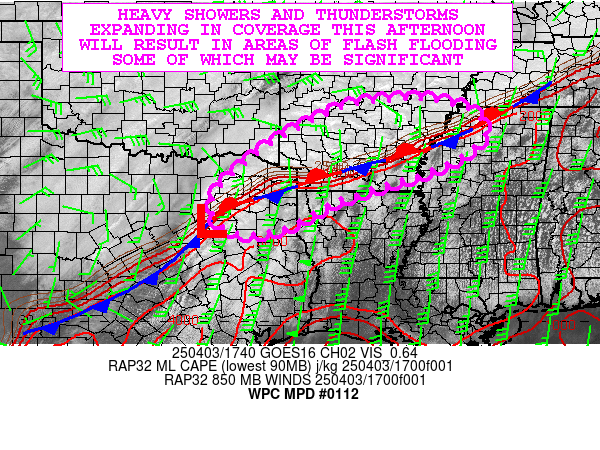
Areas affected...Arklatex into the Mid-South

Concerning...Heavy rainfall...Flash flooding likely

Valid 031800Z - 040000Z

SUMMARY...Heavy showers and thunderstorms should tend to expand in
coverage this afternoon and become locally concentrated over parts
of the Arklatex region and into the adjacent areas of the
Mid-South. Areas of flash flooding are likely, and locally
significant impacts will be possible.

DISCUSSION...A deep layer trough over the Four Corners region
continues to channel a strong upper-level jet along with embedded
vort energy out across the southern Plains and toward the broader
lower MS Valley region. Early morning convective clusters have
advanced well off to the east-northeast, but the upstream energy
this afternoon will be continuing to interact with a moist and
increasingly unstable airmass pooled across eastern TX and through
the lower MS Valley in close proximity to a frontal zone. The
result will be redeveloping and expanding coverage of heavy
showers and thunderstorms.

The latest surface analysis shows a wave of low pressure lifting
through northeast TX which will be gradually lifting off to the
east-northeast over the next several hours along the
aforementioned front. A southerly low-level jet of 40 to 50 kts
will be in place ahead of this low center, and there will be a
corridor of strong low-level moisture convergence that will
facilitate upscale growth of convection that will likely become
locally concentrated and focused by later this afternoon. Strong
instability near and south of the front with MLCAPE values of 2000
to 3000 J/kg and rather strong shear parameters will also be key
ingredients for organized convection.

Recent runs of the HRRR guidance along with the 12Z NSSL-MPAS
guidance suggests areas of far northeast TX and southern AR will
tend to be the primary focus for heavy rainfall going through
early this evening, with convection potentially also training over
the same area. Rainfall rates with the stronger storms may reach
as high as 2.5 inches/hour. Some of these rains though will also
be advancing into downstream areas of the Mid-South currently
covered by MPD #111.

Some additional storm totals by early this evening may reach as
high as 3 to 5 inches, and especially where any cell-training
occurs. Given the wet antecedent conditions overall and additional
totals, flash flooding is likely, and there may be some locally
significant impacts which will include an enhanced urban flash
flood concern.